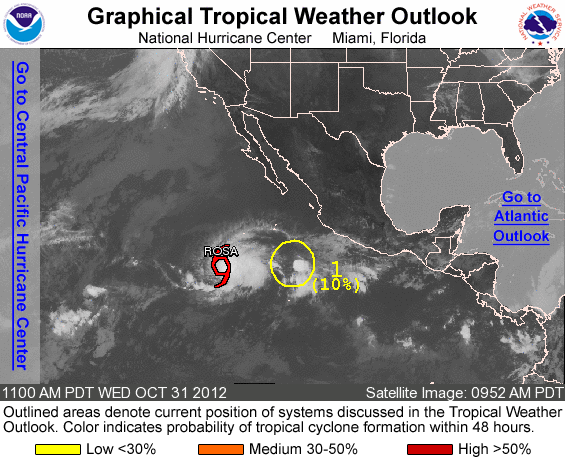
FOR THE EASTERN NORTH PACIFIC...EAST OF 140 DEGREES WEST LONGITUDE..

THE NATIONAL HURRICANE CENTER IS ISSUING ADVISORIES ON TROPICAL STORM ROSA...LOCATED ABOUT 770 MILES SOUTHWEST OF CABO SAN LUCAS MEXICO.

1. A BROAD AREA OF LOW PRESSURE LOCATED ABOUT 450 MILES SOUTHWEST OF MANZANILLO MEXICO CONTINUES TO PRODUCE DISORGANIZED SHOWERS AND THUNDERSTORMS. UPPER-LEVEL WINDS DO NOT APPEAR TO BE CONDUCIVE FOR SIGNIFICANT DEVELOPMENT...AND THIS SYSTEM HAS A LOW CHANCE...10 PERCENT...OF BECOMING A TROPICAL CYCLONE DURING THE NEXT 48 HOURS AS IT DRIFTS WEST-NORTHWESTWARD.

ELSEWHERE...TROPICAL CYCLONE FORMATION IS NOT EXPECTED DURING THE NEXT 48 HOURS.

FORECASTER BLAKE